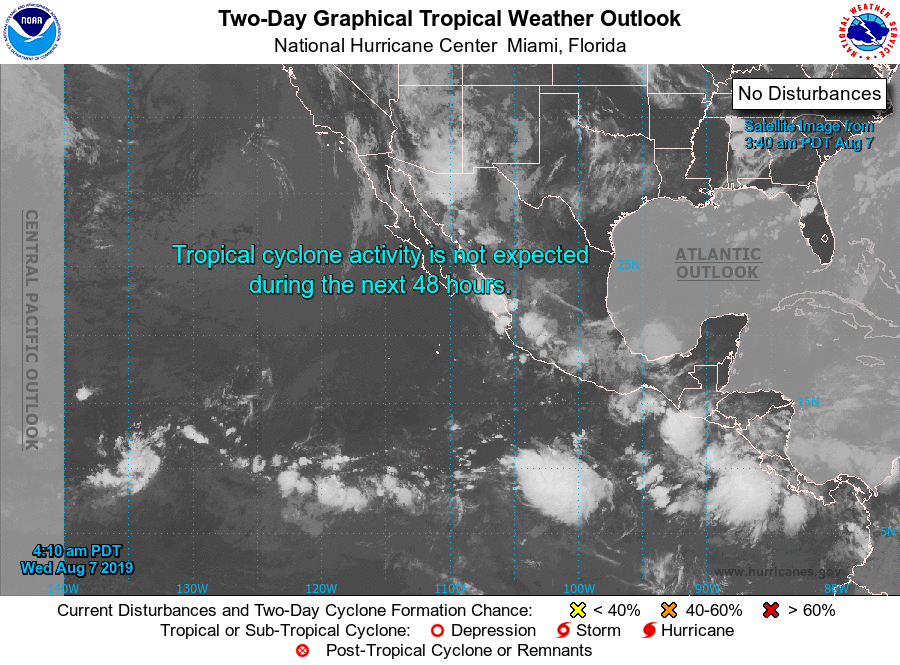
For the eastern North Pacific...east of 140 degrees west longitude:

1. A low pressure area is forecast to form a few hundred miles south of the southwestern coast of Mexico by the end of the week. Environmental conditions are expected to be somewhat conducive for the development of this system over the weekend while it moves west-northwestward at 10 to 15 mph and offshore of the coast of Mexico.
* Formation chance through 48 hours...low...near 0 percent.
* Formation chance through 5 days...medium...40 percent.

Forecaster Stewart